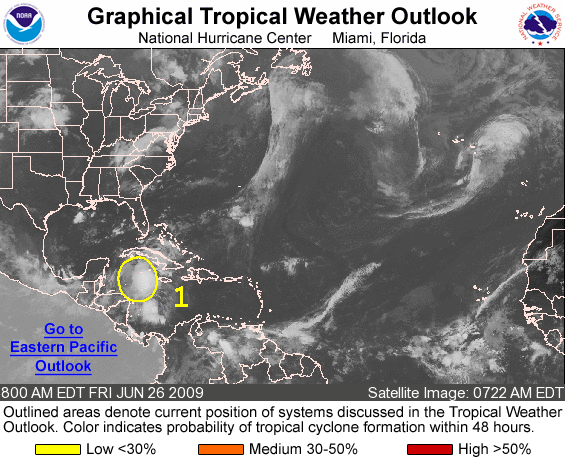
FOR THE NORTH ATLANTIC...CARIBBEAN SEA AND THE GULF OF MEXICO...

1. A TROPICAL WAVE OVER THE WESTERN CARIBBEAN SEA CONTINUES TO PRODUCE SHOWERS AND THUNDERSTORMS FROM CUBA AND THE CAYMAN ISLANDS SOUTHWESTWARD TO HONDURAS. CONDITIONS APPEAR MARGINALLY FAVORABLE FOR SOME SLOW DEVELOPMENT OF THIS SYSTEM BEFORE IT REACHES THE YUCATAN PENINSULA LATE TONIGHT OR EARLY SATURDAY. THERE IS A LOW CHANCE...LESS THAN 30 PERCENT...OF THIS SYSTEM BECOMING A TROPICAL CYCLONE DURING THE NEXT 48 HOURS. LOCALLY HEAVY RAIN WILL CONTINUE OVER PORTIONS OF CUBA AND THE CAYMAN ISLANDS TODAY AND SPREAD WESTWARD OVER CENTRAL AMERICA AND THE YUCATAN PENINSULA OVER THE NEXT DAY OR SO.

ELSEWHERE...TROPICAL CYCLONE FORMATION IS NOT EXPECTED DURING THE NEXT 48 HOURS.

FORECASTER BERG